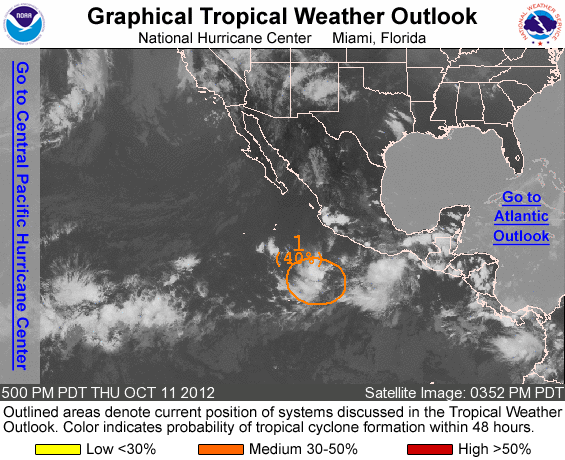
FOR THE EASTERN NORTH PACIFIC...EAST OF 140 DEGREES WEST LONGITUDE..

1. A LOW PRESSURE AREA LOCATED ABOUT 520 MILES SOUTH OF MANZANILLO MEXICO IS PRODUCING DISORGANIZED SHOWERS AND THUNDERSTORMS. ENVIRONMENTAL CONDITIONS APPEAR CONDUCIVE FOR GRADUAL DEVELOPMENT OF THIS DISTURBANCE DURING THE NEXT COUPLE DAYS AS IT MOVES WESTWARD AT AROUND 10 MPH. THIS SYSTEM HAS A MEDIUM CHANCE...40 PERCENT...OF BECOMING A TROPICAL CYCLONE DURING THE NEXT 48 HOURS.

ELSEWHERE...TROPICAL CYCLONE FORMATION IS NOT EXPECTED DURING THE NEXT 48 HOURS.

FORECASTER ROBERTS